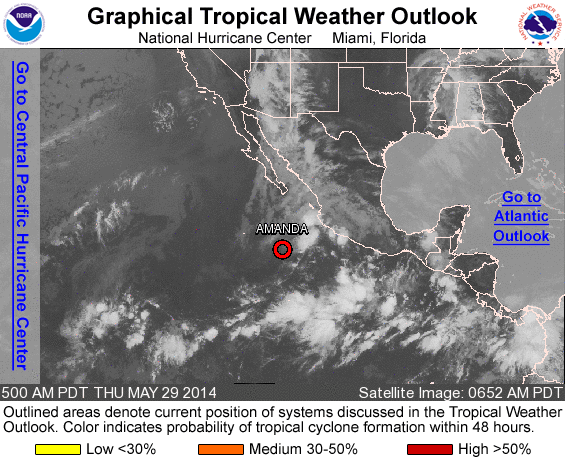
For the eastern North Pacific...east of 140 degrees west longitude:

The National Hurricane Center is issuing advisories on Tropical Storm Amanda, located several hundred miles south of the southern tip of the Baja California peninsula of Mexico.

An area of low pressure could form to the south of Mexico this weekend. Environmental conditions appear conducive for some development of this system early next week as it moves little.
* Formation chance through 48 hours...low...near 0 percent
* Formation chance through 5 days...low...20 percent

Forecaster Cangialosi